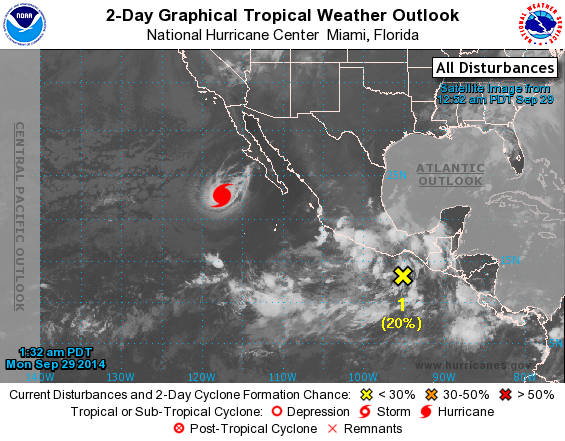
For the eastern North Pacific...east of 140 degrees west longitude:

The National Hurricane Center is issuing advisories on Hurricane Rachel, located several hundred miles west of the southern tip of the Baja California peninsula.

1. A large area of disorganized showers and thunderstorms extending from near the coast of southeastern Mexico southward for several hundred miles is associated with an elongated area of low pressure. Environmental conditions are expected to gradually become conducive for development over the next several days, and a tropical depression could form around the middle part of the week while the system drifts west-northwestward or northwestward just offshore of the south-central coast of Mexico.
* Formation chance through 48 hours...low...20 percent.
* Formation chance through 5 days...high...70 percent.

Forecaster Pasch